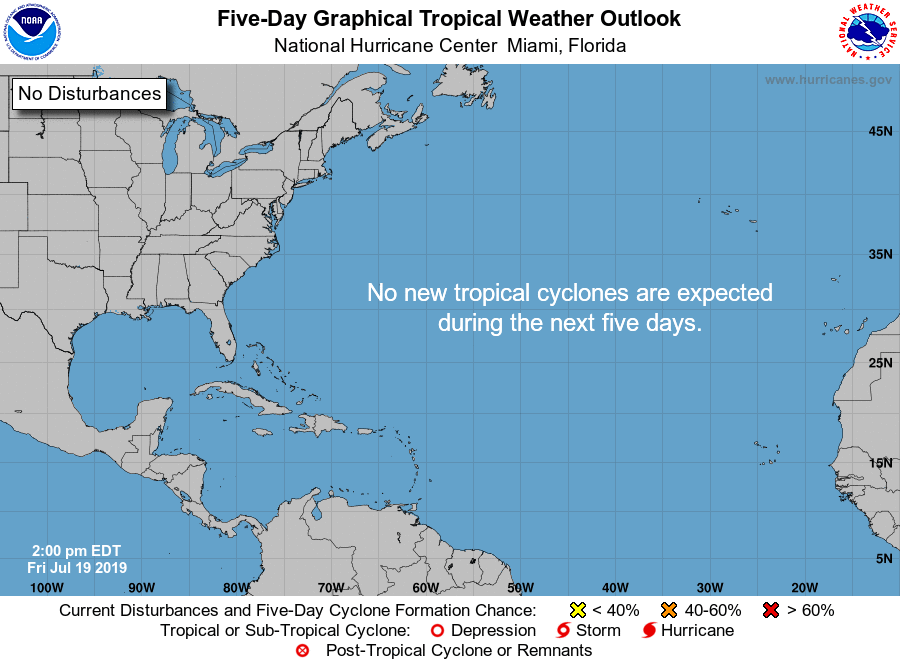
For the North Atlantic...Caribbean Sea and the Gulf of Mexico:

Tropical cyclone formation is not expected during the next 5 days.

Forecaster Roberts